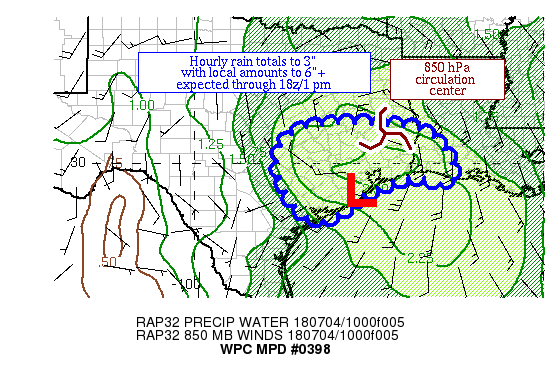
AREAS AFFECTED...SOUTHEAST TX & SOUTHWEST LA

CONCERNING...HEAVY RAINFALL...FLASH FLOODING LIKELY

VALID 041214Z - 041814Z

SUMMARY...SHOWERS AND THUNDERSTORMS ARE INCREASING IN COVERAGE
ACROSS FAR SOUTHEAST TX.  HOURLY RAIN TOTALS TO 3" WITH LOCAL
AMOUNTS OF 6"+ ARE EXPECTED.

DISCUSSION...SURFACE OBSERVATIONS REVEAL AN AREA OF LOW PRESSURE
NORTHWEST OF GALVESTON TX.  SHOWERS AND THUNDERSTORMS HAVE BEEN
BROADENING NEAR AND TO ITS EAST WITHIN AN AREA OF CONVERGENT 850
HPA FLOW, WHICH HAS ALSO LED TO AN EXPANSION OF 500-1000 ML/MU
CAPE IN SOUTHEAST TX, DESPITE RECENT RAP GUIDANCE INDICATING
TRENDS TO THE CONTRARY.  RADAR IMAGERY SHOWS WHAT APPEARS TO BE
THE MAIN 850 HPA WIND CIRCULATION NEAR LUFKIN.  PRECIPITABLE WATER
VALUES ARE 2-2.5" PER RECENT GPS DATA.  WHILE INFLOW AT 850 HPA IS
CYCLONIC OUT OF THE SOUTH AT 15-25 KTS PER VAD WIND PROFILES,
THERE IS AN EXPANSIVE AREA 30 KT EFFECTIVE BULK SHEAR TO ITS WEST
WITHIN AN AREA OF BETTER INSTABILITY FROM ARANSAS PASS TX
NORTHWARD.  THE MEAN 850-400 HPA WIND IS LESS THAN 10 KTS, WHICH
HAS LED TO RELATIVELY STATIONARY HEAVY RAIN CORES THUS FAR.

THE MESOSCALE GUIDANCE HAS A STRONG SIGNAL FOR 6-9" OF RAIN
THROUGH 18Z.  THE GUIDANCE TRACKS THE LOW TOWARDS AUSTIN OVER THE
NEXT SIX HOURS, AND ISSUES ARE EXPECTED NEAR AND SOUTH AND
SOUTHWEST OF THE 850 HPA CIRCULATION CENTER.  THE MAIN THREATS
FROM A HEAVY RAIN PERSPECTIVE ARE MINIMAL CELL MOVEMENT AND THE
POSSIBILITY OF TRAINING, CURVED CONVECTIVE BANDS.  GIVEN THE
AVAILABLE MOISTURE AND INSTABILITY, HOURLY RAIN TOTALS TO 3" ARE
EXPECTED.  THIS WOULD ESPECIALLY PROBLEMATIC WITHIN URBAN AREAS.